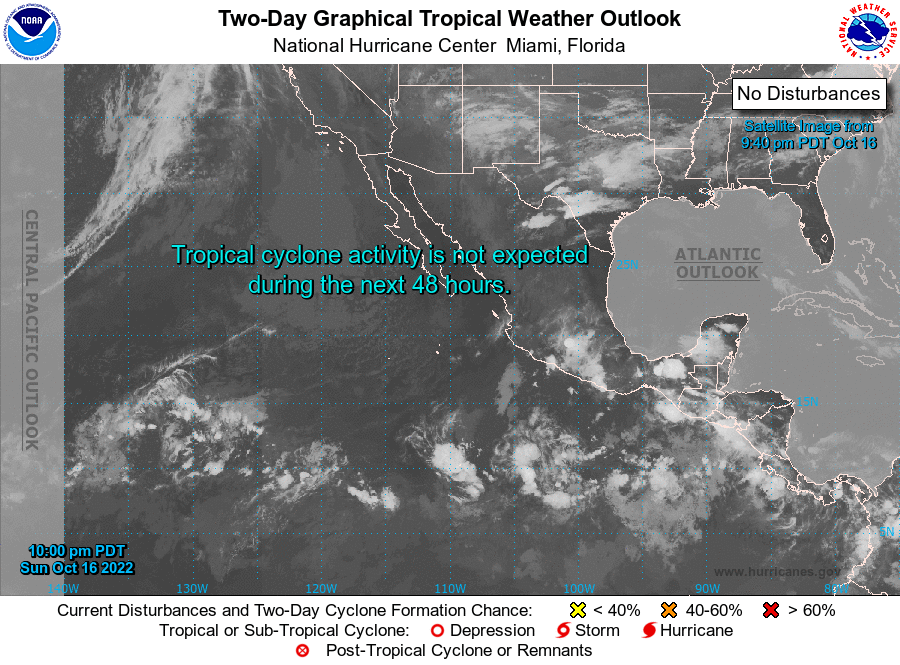
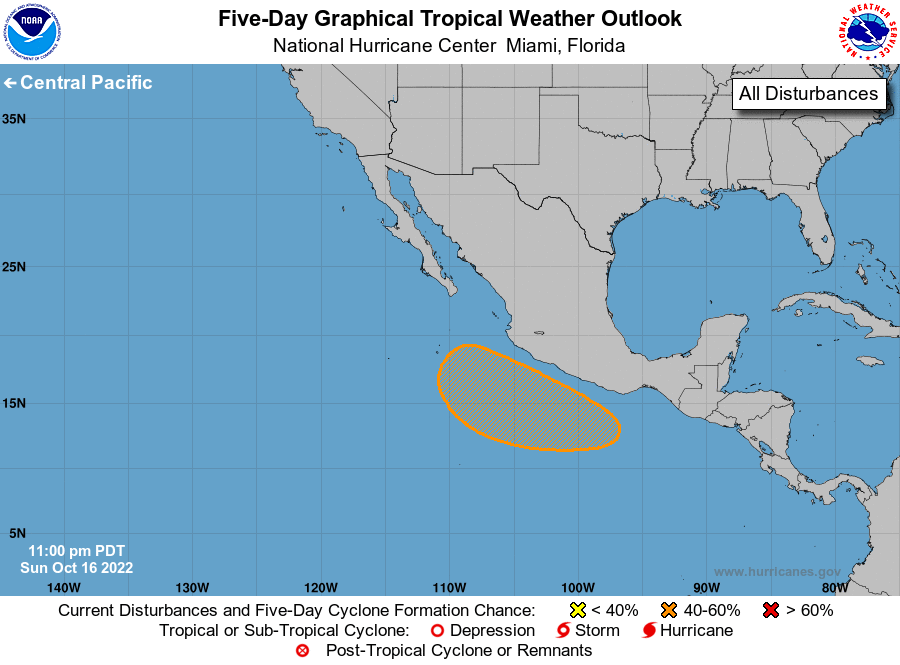
For the eastern North Pacific...east of 140 degrees west longitude:

1. Offshore of Southern Mexico: An area of low pressure is expected to form in a couple of days a few hundred miles south of the southern coast of Mexico. Environmental conditions are forecast to be conducive for development, and a tropical depression could form late in the week while the system moves westward to west-northwestward at 10-15 mph.
* Formation chance through 48 hours...low...near 0 percent.
* Formation chance through 5 days...medium...50 percent.

Forecaster Blake